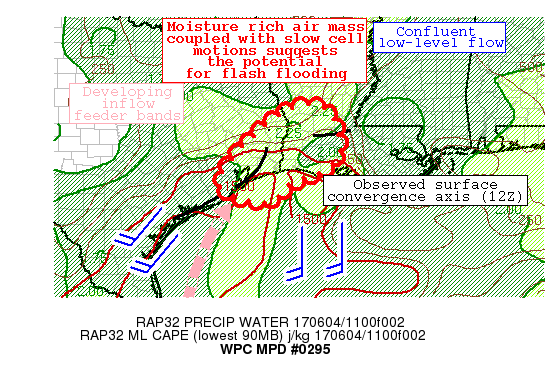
AREAS AFFECTED...SOUTHEASTERN TX/SOUTHWESTERN LA...

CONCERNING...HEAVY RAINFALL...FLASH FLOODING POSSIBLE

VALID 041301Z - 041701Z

SUMMARY...A POTENTIAL FOR FLASH FLOODING EXISTS ACROSS
SOUTHEASTERN TX INTO SOUTHWESTERN LA WHERE DEEP TROPICAL MOISTURE
AND A HIGHLY BUOYANT THERMODYNAMIC ENVIRONMENT ARE IN PLACE.
EXPECTED SLOW CELL MOTIONS WILL FOSTER A THREAT FOR TRAINING
CONVECTION...THUS BOLSTERING THE POTENTIAL FOR SOME HYDROLOGIC
ISSUES.

DISCUSSION...RADAR IMAGERY ACROSS THE UPPER TX COAST INTO THE
LOWER MS VALLEY DEPICTED MULTIPLE CLUSTERS OF SHOWERS AND
THUNDERSTORMS. PER DERIVED INSTABILITY FROM THE RAP OBJECTIVE
ANALYSIS AND RELATED 12Z RAOBS...A MODERATELY UNSTABLE/UNCAPPED
ATMOSPHERE IS IN PLACE WHICH ALLOWED CONVECTION TO THRIVE THIS
MORNING. A NORTHEAST/SOUTHWEST ORIENTED BAND OF CONVECTION WAS
OBSERVED ACROSS THE UPPER TX COAST WHILE SOME INFLOW FEEDER BANDS
WERE DETECTED IN THE EXPERIMENTAL GOES-16 INFRARED IMAGERY. THIS
IS OCCURRING IN THE PRESENCE OF SUFFICIENT LOW-LEVEL CONFLUENCE AS
NOTED IN THE LOCAL VAD-WIND PROFILER DATA. THE 12Z LCH SOUNDING
SAMPLED THE THERMODYNAMIC ENVIRONMENT WELL WITH OVER 2000 J/KG OF
SURFACE-BASED CAPE COUPLED WITH PRECIPITABLE WATER VALUES NEAR 2
INCHES. SUCH TROPOSPHERIC MOISTURE CONTENT IS EASILY ABOVE THE
90TH PERCENTILE FOR EARLY JUNE BASED ON THE SPC SOUNDING
CLIMATOLOGY PAGE. FURTHER...LOW-LEVEL WINDS APPEAR TO BE
EQUAL/OPPOSITE RELATIVE TO THE MEAN-STEERING FLOW SUGGESTING SLOW
CELL MOTIONS...THUS SUPPORTING A FLASH FLOOD THREAT.

HIGH-RESOLUTION MODELS SHOW A SIGNAL OF HEAVY RAINFALL AFFECTING
THIS REGION BUT VARY IN HOW QUICKLY TO USHER THE ACTIVITY
DOWNSTREAM. THE 11Z HRRR/09Z EXPERIMENTAL HRRR BOTH SHOW THE
CONVECTION HANGING UP ACROSS ALONG THE TX/LA BORDER...WITH THE
LATTER A BIT SLOWER IN DEVELOPMENT. THE 06Z NAM CONUS NEST IS A
BIT MORE PROGRESSIVE THAN THE REST OF THE MODEL SUITE. AND A
FURTHER NOTE...THE 08Z TIME-LAGGED HRRR SHOWS FAIRLY HIGH
PROBABILITIES FOR 1 INCH IN AN HOUR FOR MULTIPLE HOURS...POSSIBLY
THROUGH 17Z. THUS...WILL KEEP AN MPD ACTIVE THROUGH THEN AND
RE-ASSESS AFTERWARD.